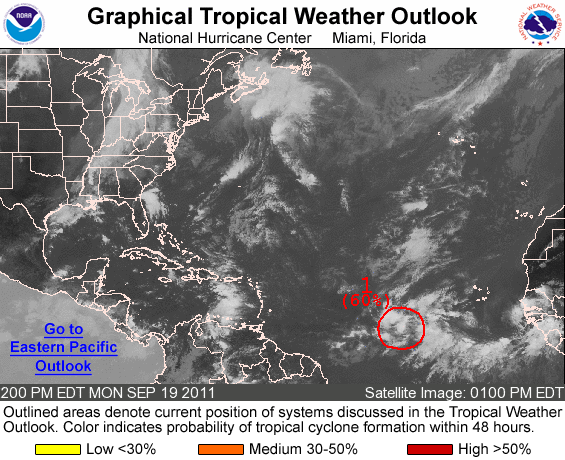
FOR THE NORTH ATLANTIC...CARIBBEAN SEA AND THE GULF OF MEXICO...

1. SHOWER AND THUNDERSTORM ACTIVITY HAS NOT BECOME ANY BETTER ORGANIZED IN ASSOCIATION WITH AN AREA OF LOW PRESSURE LOCATED ABOUT 1450 MILES EAST OF THE WINDWARD ISLANDS. HOWEVER...ENVIRONMENTAL CONDITIONS STILL APPEAR FAVORABLE FOR A TROPICAL DEPRESSION TO FORM DURING THE NEXT COUPLE OF DAYS. THIS SYSTEM HAS A HIGH CHANCE...60 PERCENT...OF BECOMING A TROPICAL CYCLONE DURING THE NEXT 48 HOURS AS IT BEGINS TO MOVE WESTWARD AT 5 TO 10 MPH.

ELSEWHERE...TROPICAL CYCLONE FORMATION IS NOT EXPECTED DURING THE NEXT 48 HOURS.

FORECASTER BRENNAN